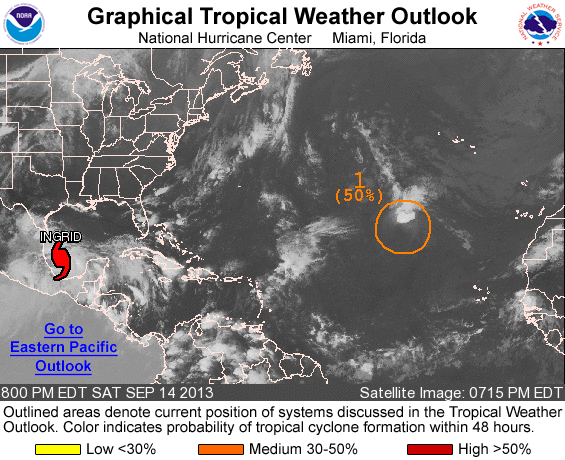
FOR THE NORTH ATLANTIC...CARIBBEAN SEA AND THE GULF OF MEXICO...

THE NATIONAL HURRICANE CENTER IS ISSUING ADVISORIES ON RECENTLY UPGRADED HURRICANE INGRID...LOCATED OVER THE SOUTHWESTERN GULF OF MEXICO.

1. POST-TROPICAL CYCLONE HUMBERTO IS LOCATED ABOUT 1000 MILES SOUTHWEST OF THE AZORES. SOME DISORGANIZED SHOWER ACTIVITY HAS FORMED WELL NORTHEAST OF THE CENTER DURING THE PAST FEW HOURS...BUT UPPER-LEVEL WINDS ARE NOT CONDUCIVE FOR REDEVELOPMENT AT THIS TIME. CONDITIONS COULD BECOME MORE FAVORABLE FOR REGENERATION DURING THE NEXT DAY OR TWO AS THE SYSTEM MOVES WEST-NORTHWESTWARD AT AROUND 15 MPH. THIS SYSTEM HAS A MEDIUM CHANCE...50 PERCENT...OF BECOMING A TROPICAL CYCLONE AGAIN DURING THE NEXT 48 HOURS...AND A HIGH CHANCE...70 PERCENT...OF BECOMING A TROPICAL CYCLONE IN FIVE DAYS AS THE DISTURBANCE REACHES WARMER WATERS.

FIVE-DAY FORMATION PROBABILITIES ARE EXPERIMENTAL IN 2013. COMMENTS ON THE EXPERIMENTAL FORECASTS CAN BE PROVIDED AT...

HTTP://WWW.NWS.NOAA.GOV/SURVEY/NWS-SURVEY.PHP?CODE=ETWO

FORECASTER BRENNAN